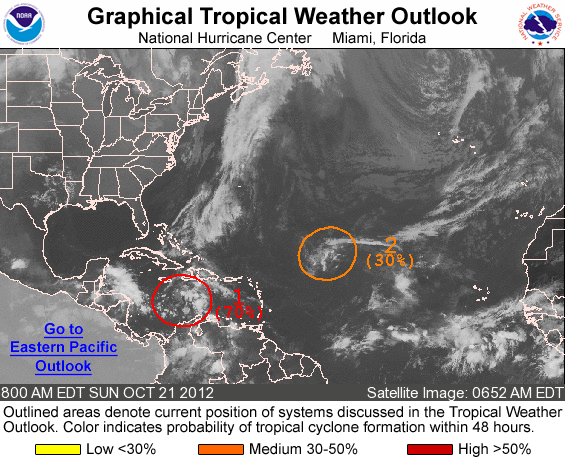
FOR THE NORTH ATLANTIC...CARIBBEAN SEA AND THE GULF OF MEXICO...

1. SHOWERS AND THUNDERSTORMS HAVE BEEN INCREASING OVER THE PAST FEW HOURS NEAR A TROPICAL WAVE AND BROAD AREA OF LOW PRESSURE OVER THE CENTRAL CARIBBEAN SEA. ENVIRONMENTAL CONDITIONS APPEAR CONDUCIVE FOR A TROPICAL DEPRESSION TO FORM DURING THE NEXT COUPLE OF DAYS... AND THIS SYSTEM HAS A HIGH CHANCE...70 PERCENT...OF BECOMING A TROPICAL CYCLONE DURING THE NEXT 48 HOURS AS IT MOVES SLOWLY WESTWARD. HEAVY RAINS FROM THIS DISTURBANCE ARE LIKELY TO SPREAD OVER JAMAICA...EASTERN CUBA...AND HISPANIOLA OVER THE NEXT SEVERAL DAYS. THESE RAINS COULD PRODUCE LIFE-THREATENING FLASH FLOODS AND MUD SLIDES...ESPECIALLY IN AREAS OF HIGH TERRAIN.

2. SHOWER ACTIVITY LOCATED ABOUT 850 MILES EAST-NORTHEAST OF THE LEEWARD ISLANDS IS ASSOCIATED WITH AN UPPER-LEVEL LOW INTERACTING WITH A TROPICAL WAVE. UPPER-LEVEL WINDS COULD BECOME A LITTLE MORE CONDUCIVE FOR DEVELOPMENT DURING THE NEXT DAY OR SO...AND THIS SYSTEM HAS A MEDIUM CHANCE...30 PERCENT...OF BECOMING A TROPICAL CYCLONE DURING THE NEXT 48 HOURS AS IT MOVES WEST-NORTHWESTWARD AT 5 TO 10 MPH.

ELSEWHERE...TROPICAL STORM FORMATION IS NOT EXPECTED DURING THE NEXT 48 HOURS.

FORECASTER BERG